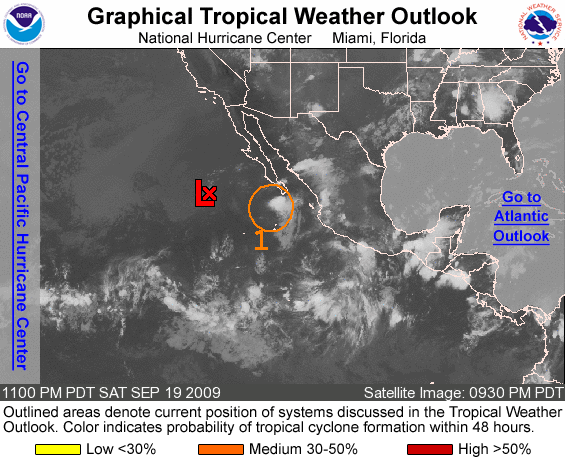
FOR THE EASTERN NORTH PACIFIC...EAST OF 140 DEGREES WEST LONGITUDE..

1. A SMALL AREA OF LOW PRESSURE LOCATED ABOUT 140 MILES SOUTHWEST OF THE SOUTHERN TIP OF BAJA CALIFORNIA IS MOVING NORTHWESTWARD AT AROUND 10 MPH. THE ASSOCIATED SHOWER ACTIVITY HAD INCREASED EARLIER THIS EVENING BUT HAS SINCE DIMINISHED. THERE IS STILL SOME OPPORTUNITY FOR DEVELOPMENT BEFORE THE SYSTEM REACHES COOLER WATERS ON SUNDAY. THERE IS A MEDIUM CHANCE...30 TO 50 PERCENT...OF THIS SYSTEM BECOMING A TROPICAL CYCLONE DURING THE NEXT 48 HOURS.

ELSEWHERE...TROPICAL CYCLONE FORMATION IS NOT EXPECTED DURING THE NEXT 48 HOURS.

FORECASTER BEVEN